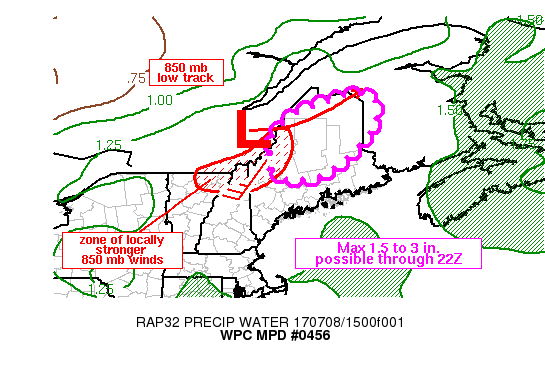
AREAS AFFECTED...MAINE

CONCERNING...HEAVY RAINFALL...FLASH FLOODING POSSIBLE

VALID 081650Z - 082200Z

SUMMARY...BRIEF TRAINING OF RAINFALL RATES 1 TO 1.5 IN/HR IS
EXPECTED TO PRODUCE A STRIPE OF LOCALLY HEAVY RAIN AND POSSIBLE
FLASH FLOODING ACROSS PORTIONS OF CNTRL AND NRN MAINE THROUGH 22Z.

DISCUSSION...WATER VAPOR IMAGERY AT 16Z INDICATED A POTENT
MID-UPPER LEVEL SHORTWAVE OVER THE SRN ONTARIO/QUEBEC BORDER
TRACKING EAST. RAP ANALYSES INDICATED AN 850 MB LOW WAS LOCATED
ABOUT 40 MI SOUTH OF QUEBEC CITY AT 16Z AND WAS ASSOCIATED WITH A
REGION OF STRONGER 850 MB FLOW TO ITS
SOUTH/SOUTH-SOUTHEAST...25-30 KT. THE 850 MB LOW IS FORECAST TO
TRACK ENE THROUGH 00Z WITH THE CORRIDOR OF STRONGER LOW LEVEL FLOW
MOVING ACROSS CNTRL AND NRN MAINE LATER THIS AFTERNOON. AREA
RADARS AT 1630Z SHOWED A BROKEN LINE OF SHOWERS AND THUNDERSTORMS
MOVING EAST ACROSS NWRN MAINE WITH INCREASING INTENSITY OVER THE
PAST HOUR.

WHILE INSTABILITY IS LOW ACROSS NRN MAINE...BREAKS IN CLOUD COVER
HAVE ALLOWED FOR A LITTLE SOLAR INSOLATION ACROSS THE REGION AND
MLCAPE VALUES ARE ESTIMATED TO RANGE FROM 250 TO 750 J/KB PER THE
LATEST SPC MESOANALYSIS ACROSS WRN AND NRN MAINE. WHILE
PRECIPITABLE WATER VALUES ARE EXPECTED TO REMAIN ONLY MODESTLY
ANOMALOUS...1.25 TO PERHAPS 1.5 INCHES THIS AFTERNOON PER THE
LATEST SHORT TERM MODEL FORECASTS...ENOUGH MOISTURE AND
INSTABILITY ARE PRESENT TO SUPPORT LOCALLY HEAVY RAINFALL RATS OF
1 TO 1.5 IN/HR WHEN COUPLED WITH STRONGER LOW LEVEL INFLOW AHEAD
OF THE 850 MB LOW.

THE MAIN CONCERN FOR FLASH FLOODING IS DUE TO AN AREA LOW FLASH
FLOOD GUIDANCE...1 TO 1.5 IN/HR AND 1.5 TO 2.0 INCHES IN 3 HOURS
ACROSS PORTIONS OF CNTRL AND NRN MAINE. WHILE NOT EXPECTED TO BE A
SIGNIFICANT FLASH FLOOD EVENT...LOCAL RUNOFF ISSUES MAY ARISE
THROUGH ABOUT 22Z...AT WHICH POINT DRIER AIR SHOULD BEGIN
ADVECTING IN BEHIND A COLD FRONT.